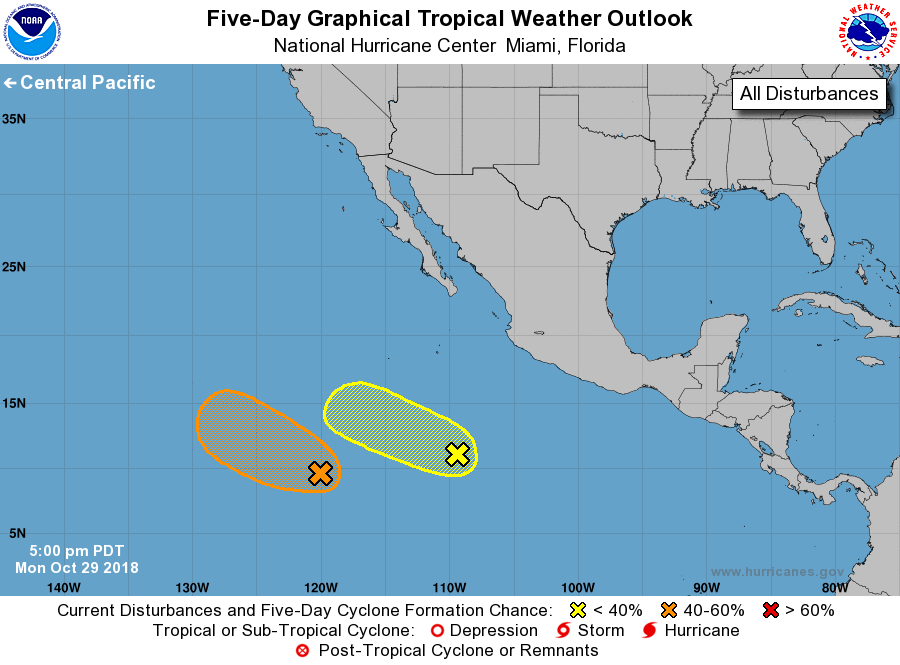
For the eastern North Pacific...east of 140 degrees west longitude:

1. An elongated area of low pressure located about 800 miles south of the southern tip of the Baja California peninsula has become less organized over the past 24 hours. Environmental conditions are marginally conducive, and any development of this system should be slow to occur over the next several days while it moves westward or west-northwestward at about 10 mph.
* Formation chance through 48 hours...low...10 percent.
* Formation chance through 5 days...low...30 percent.

2. Satellite wind data indicate that the circulation associated with an area of low pressure located about 1175 miles south-southwest of the southern tip of the Baja California peninsula has become elongated. However, some slow development of this system is possible over the next few days while the disturbance moves toward the west or west-northwest at about 10 mph.
* Formation chance through 48 hours...low...30 percent.
* Formation chance through 5 days...medium...40 percent.

Forecaster Brown